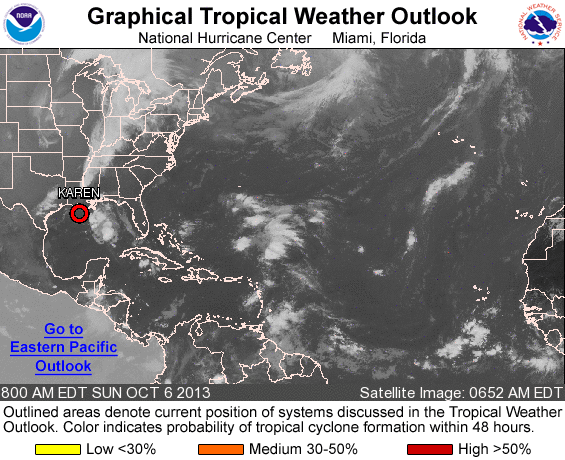
FOR THE NORTH ATLANTIC...CARIBBEAN SEA AND THE GULF OF MEXICO...

THE NATIONAL HURRICANE CENTER IS ISSUING ADVISORIES ON TROPICAL DEPRESSION KAREN...LOCATED OVER THE NORTH-CENTRAL GULF OF MEXICO.

TROPICAL CYCLONE FORMATION IS NOT EXPECTED DURING THE NEXT 48 HOURS.

OTHER SYSTEMS WITH FORMATION POTENTIAL BEYOND 48 HOURS...

AN AREA OF LOW PRESSURE COULD FORM OVER THE EASTERN TROPICAL ATLANTIC DURING THE NEXT FEW DAYS...AND SOME DEVELOPMENT IS POSSIBLE BY MIDWEEK BEFORE ENVIRONMENTAL CONDITIONS ARE EXPECTED TO BECOME LESS CONDUCIVE FOR DEVELOPMENT. THIS SYSTEM HAS A LOW CHANCE...NEAR 0 PERCENT...OF BECOMING A TROPICAL CYCLONE DURING THE NEXT 48 HOURS...AND A MEDIUM CHANCE...30 PERCENT...OF BECOMING A TROPICAL CYCLONE DURING THE NEXT 5 DAYS AS IT MOVES WEST- NORTHWESTWARD AT 10 TO 15 MPH.

&&
FIVE-DAY FORMATION PROBABILITIES ARE EXPERIMENTAL IN 2013. COMMENTS ON THE EXPERIMENTAL FORECASTS CAN BE PROVIDED AT...

HTTP://WWW.NWS.NOAA.GOV/SURVEY/NWS-SURVEY.PHP?CODE=ETWO

FORECASTER KIMBERLAIN/BRENNAN